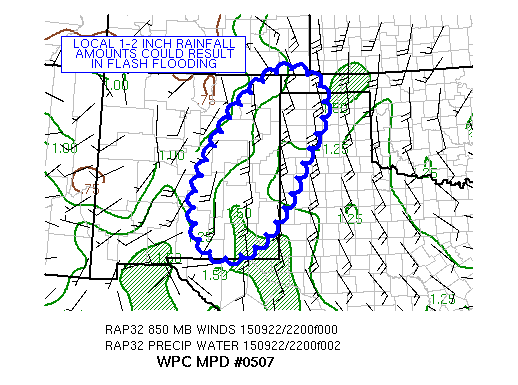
AREAS AFFECTED...EASTERN NM...FAR NORT H TX

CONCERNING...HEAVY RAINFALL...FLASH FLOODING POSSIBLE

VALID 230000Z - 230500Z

SUMMARY..CONVECTION DEVELOPING ALONG AN INSTABILITY AXIS ACROSS
EASTERN NM INTO FAR NORTH TX TAPS INCREASING MOISTURE TO PRODUCE A
FLASH FLOOD THREAT THROUGH THE LATE EVENING HOURS.

DISCUSSION...CONVECTION CONTINUES TO DEVELOP ALONG AN INSTABILITY
AXIS (WITH MLCAPE VALUES GENERALLY BETWEEN 1000-1500 J/KG) ACROSS
EASTERN NM INTO FAR NORTH TX. REGIONAL VWP SHOWED A 20 TO 25 KNOT
LOW LEVEL SOUTH SOUTHEAST FLOW...TRANSPORTING 1.25 INCH
PRECIPITABLE WATER VALUES INTO THE CONVECTIVE ENVIRONMENT. CLOUD
TOPS NEAR -65 C OVER EASTERN NM SHOWED THAT THE CONVECTION
CONTINUES TO DEEPEN...AND THE KFDX RADAR INDICATED LOCAL 1.50 INCH
PER HOUR RAINFALL RATES NEAR THE COLDEST CLOUD TOPS.

HIGH RESOLUTION GUIDANCE (INCLUDING THE LATEST HRRR/RAP/12Z WRF
ARW) SHOWED THE AXIS OF INSTABILITY IN PLACE PERSISTING THROUGH
23/04Z...ALLOWING CONVECTION TO DEVELOP/STRENGTHEN THROUGH THAT
TIME. THE DEEP MOISTURE TRANSPORTED INTO THE CONVECTIVE
ENVIRONMENT SHOULD SUSTAIN THE POTENTIAL FOR 1-2 INCHES OF
RAINFALL IN AN HOUR OR LESS.

THE LATEST HRRR/RAP IS NOT CURRENTLY CAPTURING THE EXTENT OF THE
CONVECTION OVER EASTERN NM WELL. THESE MODELS SHOWED MAINLY
SCATTERED CONVECTION...SO THESE SOLUTIONS MAY CONTINUE TO
UNDERFORECAST THE EXTENT OF THE CONVECTION AND FLASH FLOOD THREAT
THROUGH THE LATE EVENING HOURS.